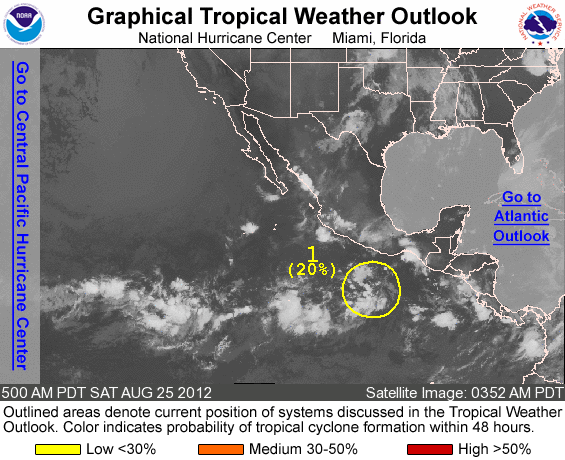
FOR THE EASTERN NORTH PACIFIC...EAST OF 140 DEGREES WEST LONGITUDE..

1. A WEAK AREA OF LOW PRESSURE LOCATED ABOUT 400 MILES SOUTH-SOUTHEAST OF ACAPULCO MEXICO IS PRODUCING DISORGANIZED SHOWERS AND THUNDERSTORMS. SLOW DEVELOPMENT OF THIS LOW IS POSSIBLE DURING THE NEXT COUPLE OF DAYS AS IT MOVES WEST-NORTHWESTWARD AT ABOUT 10 MPH. THIS SYSTEM HAS A LOW CHANCE...20 PERCENT...OF BECOMING A TROPICAL CYCLONE DURING THE NEXT 48 HOURS.

ELSEWHERE...TROPICAL CYCLONE FORMATION IS NOT EXPECTED DURING THE NEXT 48 HOURS.

FORECASTER CANGIALOSI